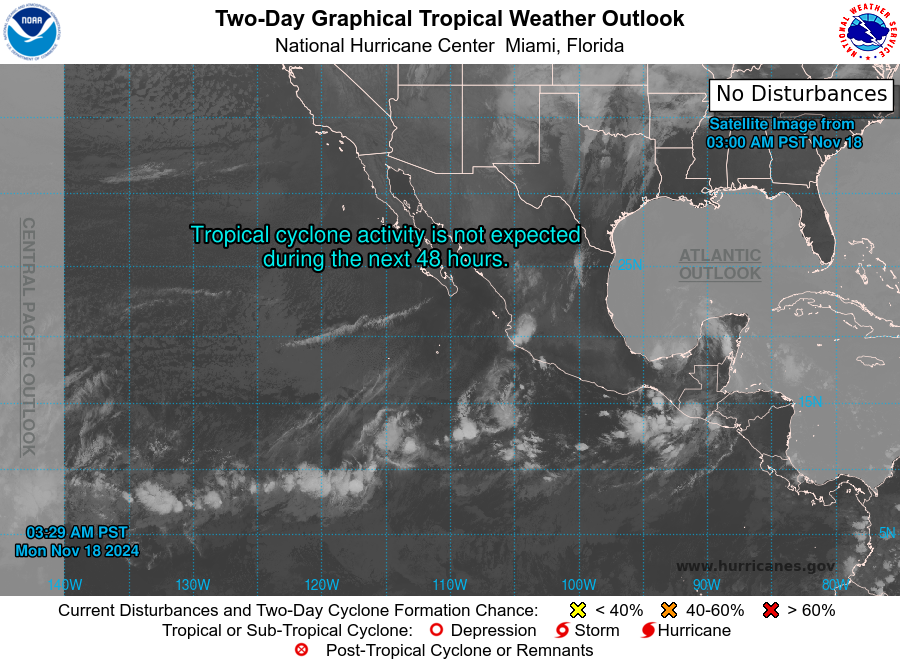
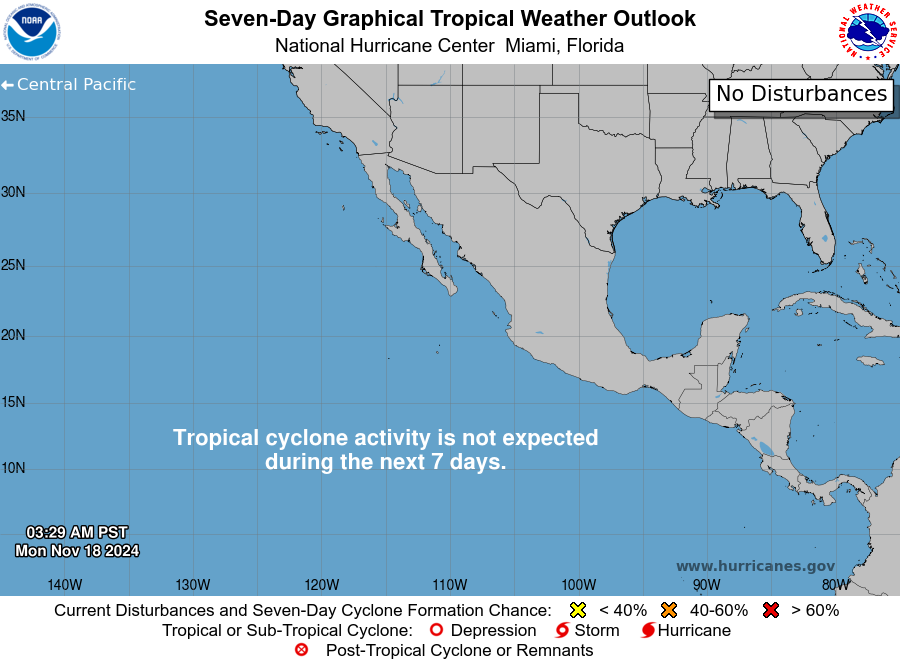
For the eastern North Pacific...east of 140 degrees west longitude:

Tropical cyclone formation is not expected over the next 7 days.

Forecaster Papin